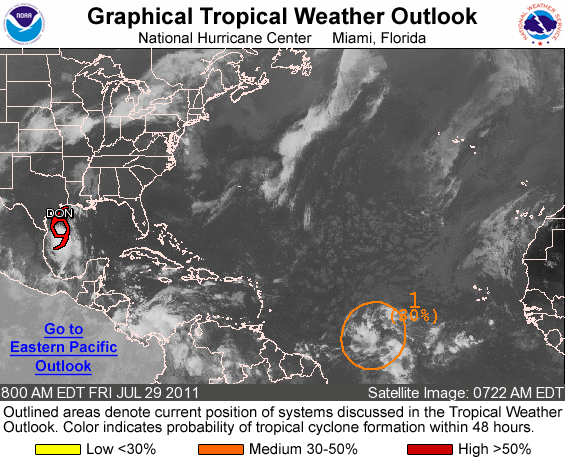
FOR THE NORTH ATLANTIC...CARIBBEAN SEA AND THE GULF OF MEXICO...

THE NATIONAL HURRICANE CENTER IS ISSUING ADVISORIES ON TROPICAL STORM DON LOCATED ABOUT 195 MILES EAST OF BROWNSVILLE TEXAS.

1. A LARGE TROPICAL WAVE ACCOMPANIED BY A WELL-DEFINED LOW PRESSURE SYSTEM IS LOCATED ABOUT 1200 MILES EAST-SOUTHEAST OF THE LESSER ANTILLES. THIS DISTURBANCE CONTINUES TO SHOW SIGNS OF ORGANIZATION...AND ENVIRONMENTAL CONDITIONS ARE CONDUCIVE FOR GRADUAL DEVELOPMENT OVER THE NEXT FEW DAYS. THIS SYSTEM HAS A MEDIUM CHANCE...30 PERCENT...OF BECOMING A TROPICAL CYCLONE DURING THE NEXT 48 HOURS AS IT MOVES WESTWARD OR WEST-NORTHWESTWARD AT 15 TO 20 MPH.

ELSEWHERE...TROPICAL CYCLONE FORMATION IS NOT EXPECTED DURING THE NEXT 48 HOURS.

FORECASTER BEVEN